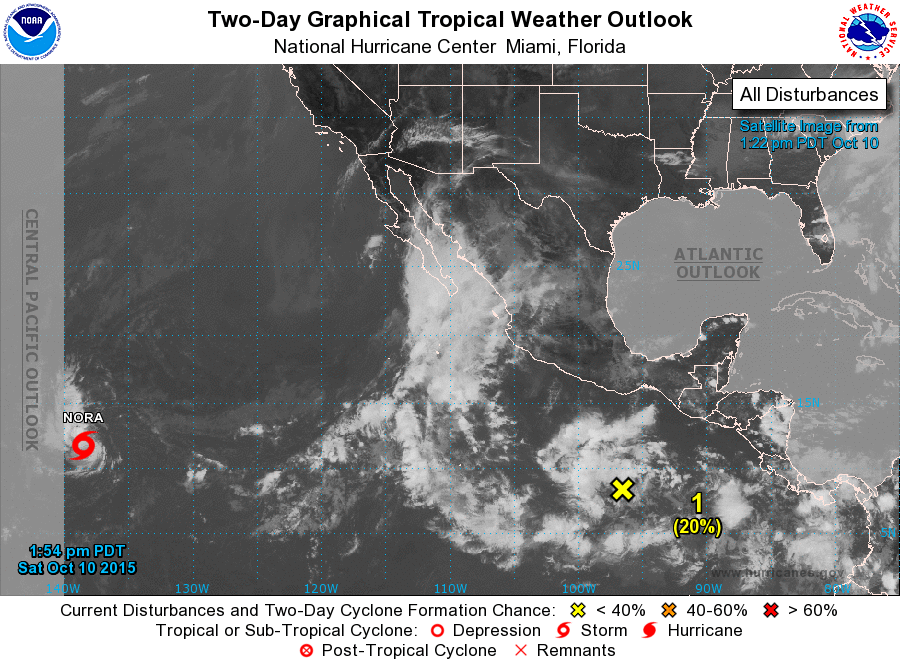
For the eastern North Pacific...east of 140 degrees west longitude:

The National Hurricane Center is issuing advisories on Tropical Storm Nora, located well to the east-southeast of the Hawaiian Islands.

1. Shower and thunderstorm activity associated with a broad area of low pressure located about 500 miles south of the Gulf of Tehuantepec has decreased since yesterday. Environmental conditions, however, are expected to be conducive for gradual development, and a tropical depression could form by the middle of next week while it moves westward at 10 to 15 mph.
* Formation chance through 48 hours...low...20 percent
* Formation chance through 5 days...medium...60 percent

Forecaster Blake